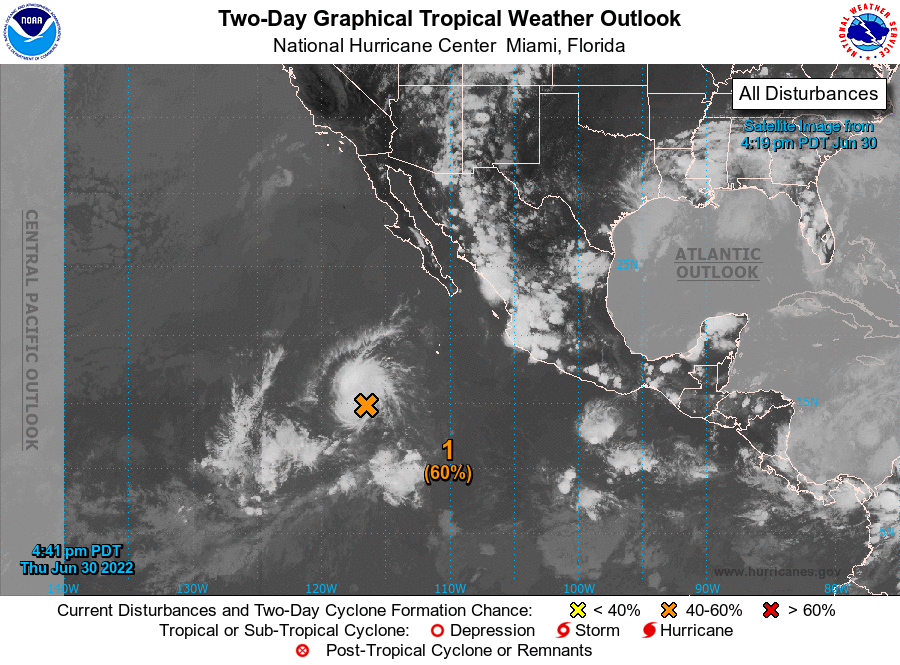
For the eastern North Pacific...east of 140 degrees west longitude:

Active Systems: The National Hurricane Center is issuing advisories on Atlantic basin Potential Tropical Cyclone Two, currently located over the southwestern Caribbean Sea. The system is forecast to cross Central America and move into the east Pacific basin, as a tropical cyclone, over the weekend.

1. Offshore of Southern Mexico: A broad area of low pressure is located several hundred miles south-southwest of the southern tip of the Baja California peninsula is producing winds of gale-force. Although the shower and thunderstorm activity associated with the system continues to show signs of organization, this afternoon's satellite-derived wind data indicated that the system still lacks a well-defined circulation. Environmental conditions are generally conducive for development and a tropical depression could still form during the next day or two before it reaches cooler waters Saturday while moving west-northwestward at 10 to 15 mph.
* Formation chance through 48 hours...medium...60 percent.
* Formation chance through 5 days...medium...60 percent.

Forecaster Roberts